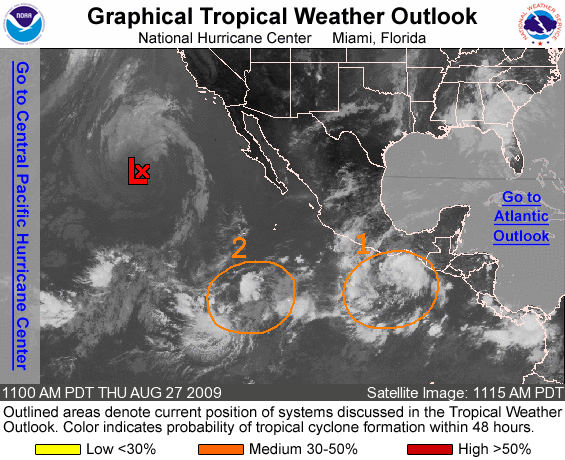
FOR THE EASTERN NORTH PACIFIC...EAST OF 140 DEGREES WEST LONGITUDE..

THE NATIONAL HURRICANE CENTER HAS ISSUED THE LAST ADVISORY ON TROPICAL DEPRESSION IGNACIO...THAT HAS DEGENERATED INTO A REMNANT LOW ABOUT 1110 MILES WEST-NORTHWEST OF THE SOUTHERN TIP OF BAJA CALIFORNIA.

1. THE AREA OF DISTURBED WEATHER LOCATED JUST SOUTH OF THE GULF OF TEHUANTEPEC HAS BECOME A LITTLE BETTER ORGANIZED THIS MORNING. ENVIRONMENTAL CONDITIONS ARE EXPECTED TO REMAIN FAVORABLE FOR ADDITIONAL DEVELOPMENT AS THIS SYSTEM MOVES WEST-NORTHWESTWARD DURING THE NEXT DAY OR TWO. THERE IS A MEDIUM CHANCE...30 TO 50 PERCENT...OF THIS SYSTEM BECOMING A TROPICAL CYCLONE DURING THE NEXT 48 HOURS.

2. SHOWER AND THUNDERSTORM ACTIVITY REMAIN LIMITED IN ASSOCIATION WITH A BROAD LOW PRESSURE AREA CENTERED ABOUT 950 MILES SOUTH-SOUTHWEST OF THE SOUTHERN TIP OF BAJA CALIFORNIA. CONDITIONS APPEAR TO BE FAVORABLE FOR GRADUAL DEVELOPMENT OF THIS SYSTEM DURING THE NEXT COUPLE OF DAYS AS IT MOVES WEST-NORTHWESTWARD AT 10 TO 15 MPH. THERE IS A MEDIUM CHANCE...30 TO 50 PERCENT...OF THIS SYSTEM BECOMING A TROPICAL CYCLONE DURING THE NEXT 48 HOURS.

ELSEWHERE...TROPICAL CYCLONE FORMATION IS NOT EXPECTED DURING THE NEXT 48 HOURS.

FORECASTER BROWN